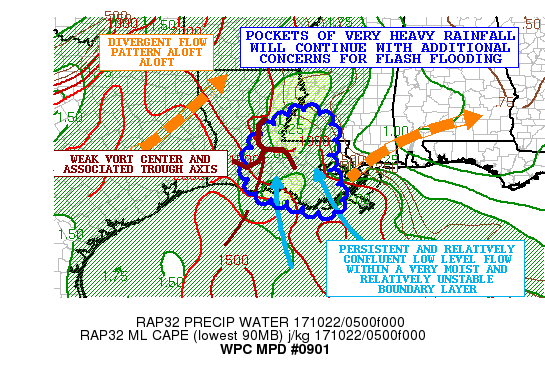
AREAS AFFECTED...SOUTH-CENTRAL/SOUTHEAST LA...FAR SOUTHWEST MS

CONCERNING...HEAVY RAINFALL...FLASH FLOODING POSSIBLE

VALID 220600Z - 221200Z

SUMMARY...SLOW-MOVING TO NEARLY STATIONARY CLUSTERS OF SHOWERS AND
THUNDERSTORMS WITH VERY HEAVY RAINFALL WILL CONTINUE. RUNOFF AND
FLASH FLOODING CONCERNS WILL CONTINUE.

DISCUSSION...THE LATEST NON-OPERATIONAL GOES-16 10.3 MICRON/IR
IMAGERY CONTINUES TO SHOW VERY COLD-TOPPED CLUSTERS OF CONVECTION
OVER AREAS OF SOUTH-CENTRAL LA AND ALSO NEAR THE LA/MS BORDER
SOUTH OF NATCHEZ MS. THE CONVECTION CONTINUES TO DEVELOP WITHIN A
RELATIVELY CONFLUENT BUT VERY MOIST LOW LEVEL FLOW PATTERN AND
WITHIN AN INCREASINGLY DIVERGENT FLOW PATTERN ALOFT. THE UPPER
LEVEL FLOW IS BECOMING INCREASINGLY DIVERGENT TOO BY THE APPROACH
AND AMPLIFICATION OF THE UPSTREAM TROUGH OVER THE SOUTHERN PLAINS
REGION. HOWEVER...THERE HAS BEEN SOME EVIDENCE OF A VERY SMALL
SCALE VORT CENTER/TROUGH OVER CENTRAL/SOUTHERN LA BASED ON THE
GOES-16 RGB AIRMASS AND 7.3 MICRON/WV IMAGERY. THIS SMALL SCALE
ENERGY HAS BEEN BASICALLY ANCHORED OVER THE SAME AREA ALL EVENING
AND CONTINUES TO INTERACT WITH THE MOIST AND RELATIVELY UNSTABLE
BOUNDARY LAYER FOR FOCUSED AREAS OF CONVECTION WITH EXTREMELY
HEAVY RAINFALL RATES.

THE ACTIVITY HAS BEEN HIGHLY FOCUSED OVER AREAS OF SOUTH-CENTRAL
LA WHERE DUAL-POL RADAR ESTIMATES HAVE BEEN AS HIGH AS 6 TO 8
INCHES THROUGH THE EVENING HOURS. RECENT RUNS OF THE HRRR SUPPORT
AN ADDITIONAL 3 TO 6 INCHES OF RAIN AT LEAST LOCALLY THROUGH 12Z
ACROSS SOUTH-CENTRAL LA BUT ALSO PERHAPS ATTEMPTING TO REACH INTO
FAR SOUTHWEST MS. GIVEN THE VERY SLOW CELL MOTIONS AND RAINFALL
RATES OF AS MUCH AS 3 INCHES/HR...THERE WILL CONTINUE TO BE
ADDITIONAL CONCERNS FOR RUNOFF PROBLEMS AND FLASH FLOODING.